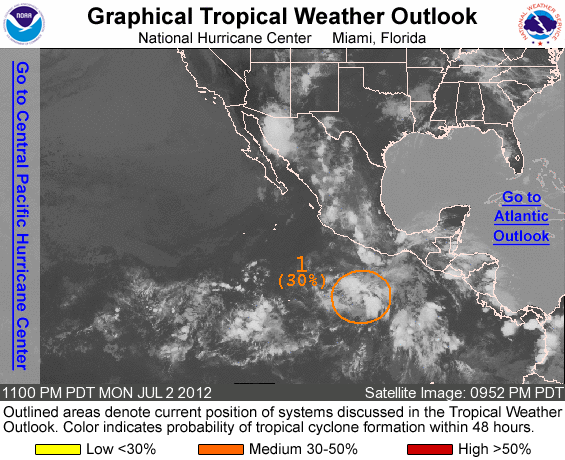
FOR THE EASTERN NORTH PACIFIC...EAST OF 140 DEGREES WEST LONGITUDE..

1. A BROAD AREA OF LOW PRESSURE LOCATED ABOUT 500 MILES SOUTH OF ACAPULCO MEXICO CONTINUES TO PRODUCE DISORGANIZED SHOWERS AND THUNDERSTORMS. SLOW DEVELOPMENT OF THIS LOW IS POSSIBLE OVER THE NEXT COUPLE OF DAYS AS IT MOVES WEST-NORTHWESTWARD AT 10 MPH. THIS SYSTEM HAS A MEDIUM CHANCE...30 PERCENT...OF BECOMING A TROPICAL CYCLONE DURING THE NEXT 48 HOURS.

ELSEWHERE...TROPICAL CYCLONE FORMATION IS NOT EXPECTED DURING THE NEXT 48 HOURS.

FORECASTER CANGIALOSI